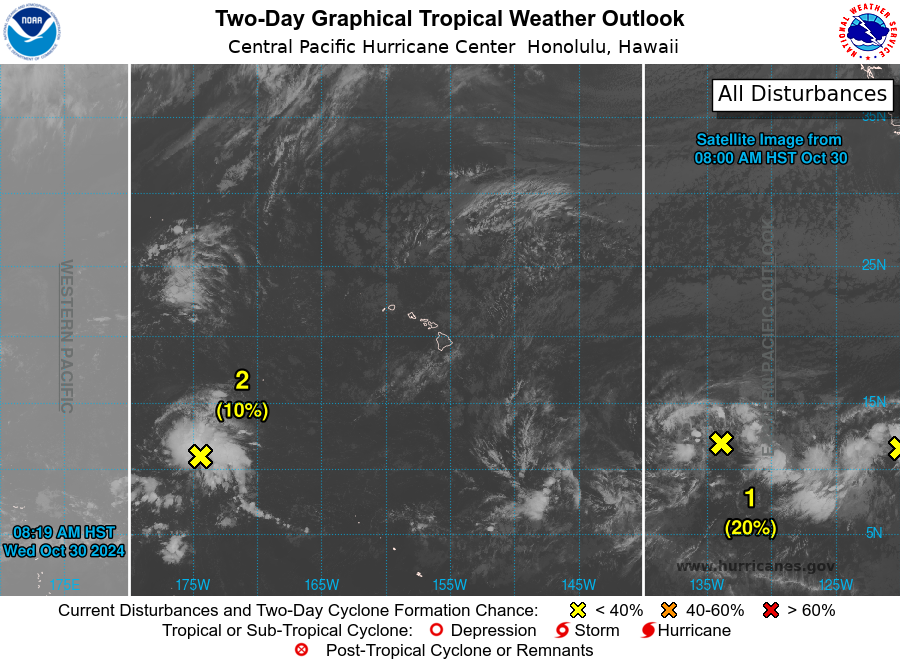
For the central North Pacific...between 140W and 180W:

1. About 1525 miles east-southeast of Hilo, Hawaii (EP91): A broad area of low pressure is producing disorganized showers and thunderstorms. Some development of this system is possible during the next few days while the system moves generally westward at about 15 mph. This system is expected to cross into the Central Pacific Basin by the end of the week.
* Formation chance through 48 hours...low...20 percent.
* Formation chance through 7 days...low...30 percent.

2. About 1300 miles southwest of Honolulu, Hawaii: An area of low pressure is producing disorganized shower activity. Environmental conditions appear to be favorable for some slow development over the next day as the system moves northwestward around 15 mph. The system is expected to cross into the Western Pacific Basin tonight.
* Formation chance through 48 hours...low...near 10 percent.
* Formation chance through 7 days...low...near 10 percent.

Elsewhere, no tropical cyclones are expected during the next 7 days.

Forecaster Foster